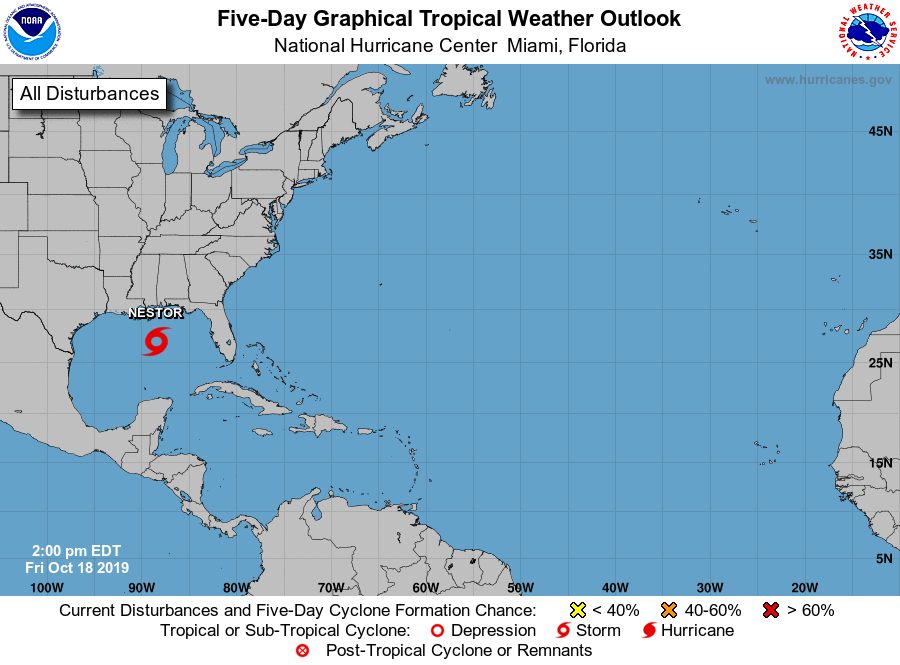
For the North Atlantic...Caribbean Sea and the Gulf of Mexico:

The National Hurricane Center is issuing advisories on Tropical Storm Nestor, located over the central Gulf of Mexico.

Tropical cyclone formation is not expected during the next 5 days.

&&
Public Advisories on Nestor are issued under WMO header WTNT31 KNHC and under AWIPS header MIATCPAT1. Forecast/Advisories on Nestor are issued under WMO header WTNT21 KNHC and under AWIPS header MIATCMAT1.

Forecaster Berg